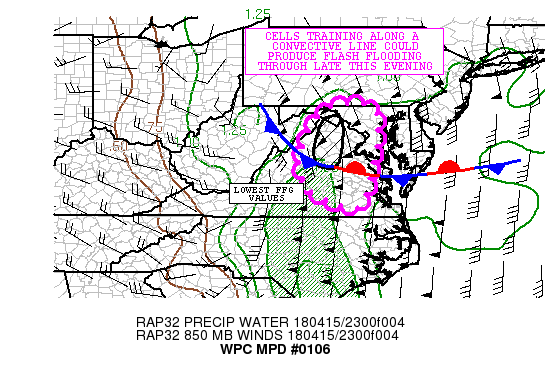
AREAS AFFECTED...CENTRAL VA...NORTHERN CENTRAL MD...DC

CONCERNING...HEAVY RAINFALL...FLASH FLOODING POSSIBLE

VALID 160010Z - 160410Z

SUMMARY...CELLS TRAINING ALONG A CONVECTIVE LINE MOVING SLOWLY
EAST ACROSS THE MID ATLANTIC STATES POSE THE THREAT FOR FLASH
FLOODING INTO THE EARLY MORNING HOURS.

DISCUSSION...REGIONAL RADARS SHOWED A CONVECTIVE LINE STRETCHING
FROM CENTRAL VA SOUTH TO THE SOUTHEAST NC COAST THIS EVENING. THE
LINE OF CONVECTION IS FEEDING ON THE WESTERN EDGE OF A MUCAPE
GRADIENT OF 250/500 J/KG EXTENDING WESTWARD INTO CENTRAL
VA/CENTRAL NC. REGIONAL VWP INDICATED LOW LEVEL WINDS HAVE
INCREASED TO 50 TO 70 KNOTS (THE 15/00Z KGSO SOUNDINGS SHOWED 60
KNOT AT 850 MB).

THE VERY STRONG LOW LEVEL FLOW CONTINUES TO PUMP 1.50 INCH
PRECIPITABLE WATER AIR (PER 00Z SOUNDINGS IN THE MID ATLANTIC...AS
WELL AS THE MOST RECENT RAP ANALYSIS). AS CELLS ALONG THE LINE
CONTINUE TO TRACK NORTH NORTHEAST ALONG THE LINE AS IT MOVES
SLOWLY EASTWARD...SHORT TERM TRAINING IS OCCURRING UPSTREAM IN
CENTRAL NC. THE KRAX RADAR SHOWED HOURLY RAINFALL RATES AS HIGH AS
1.50 INCHES. ALL OF THIS SETS THE STAGE FOR A CONTINUATION OF
SHORT TERM TRAINING OF CELLS IN A HIGH MOISTURE ENVIRONMENT. THE
MOST RECENT RAP SHOWED THE LOW LEVEL FLOW BECOME MORE CONVERGENT
WITH TIME...AS WINDS INCREASE TO 75 KNOTS.

THE MOST RECENT HRRR SHOWED LOCAL 2.00 TO 3.00 INCHES OF RAINFALL
IN THE NEXT THREE HOURS...AS THE CELLS TRACK TO THE NORTH
NORTHEAST. THE CONVECTION WILL EVENTUALLY RUN OUT OF THE BEST
INSTABILITY...BUT THE LOW LEVEL CONVERGENCE AND DYNAMIC FORCING
AHEAD OF A NEGATIVELY TILTED MID LEVEL LOW COULD COUNTER THE LOSS
OF INSTABILITY TO MAINTAIN A FLASH FLOOD THREAT INTO THE EARLY
MORNING HOURS.

THE BEST THREAT FOR FLASH FLOODING IS EXPECTED OVER WESTERN AND
CENTRAL VA... WHERE THE FLASH FLOOD GUIDANCE IS LOWEST. FURTHER
EAST...FLASH FLOOD GUIDANCE IS HIGHER...WHICH COULD MITIGATE A
MORE WIDESPREAD FLASH FLOOD THREAT OVER PORTIONS OF NORTH CENTRAL
MD...AS WELL AS THE DCA AREA.